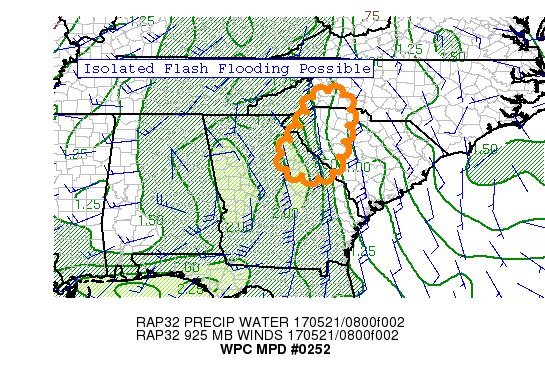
AREAS AFFECTED...FAR NORTHEAST GA...WESTERN CAROLINAS

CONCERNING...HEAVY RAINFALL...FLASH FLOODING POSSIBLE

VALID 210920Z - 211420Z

SUMMARY...HEAVY RAINFALL MAY LEAD TO AN ISOLATED FLASH FLOOD
THREAT ACROSS PORTIONS OF FAR NORTHEAST GA...WESTERN SC AND FAR
SOUTHERN NC INTO THE EARLY MORNING HOURS.

DISCUSSION...AS OF 09Z AN MCV HAD MOVED INTO WEST GA...WITH A
WEAKENING CONVECTIVE LINE EXTENDING SOUTH OF THIS CIRCULATION INTO
SOUTHWEST GA AND THE FL PANHANDLE. TO THE EAST OF THE MCV
INCREASED LOW LEVEL MOISTURE TRANSPORT HAS RESULTED IN AN UPTICK
IN CONVECTIVE ACTIVITY ACROSS EASTERN GA AND WESTERN SC. RADAR AND
IR IMAGERY SHOWS THAT THIS ACTIVITY IS NOT ALL THAT DEEP...HOWEVER
WITH MOIST PROFILES AND PWAT VALUES AROUND 1.75"...THESE CELLS
WILL LIKELY STILL BE EFFICIENT RAINFALL PRODUCERS. CELL MOTIONS
WILL BE OFF TO THE NORTHEAST...HOWEVER THE WIDESPREAD NATURE OF
THE ACTIVITY WILL LIKELY RESULT IN CELL MERGERS...LOCALLY
INCREASING RAINFALL TOTALS.

RECENT RUNS OF THE HRRR HAVE BEEN PRETTY CONSISTENT IN DEPICTING A
REGION OF LOCALLY HEAVIER RAINS OVER PORTIONS OF NORTHEAST GA INTO
THE WESTERN CAROLINAS...WITH JUST SOME RUN TO RUN PLACEMENT
DIFFERENCES. DO THINK THAT THE 08Z HRRR IS A BIT TOO FAR NORTHWEST
WITH THE QPF MAX. IN GENERAL EXPECTING TO SEE WIDESPREAD 1-2"
TOTALS ACROSS THE MPD AREA...WITH ISOLATED 2-4" AMOUNTS WHERE
MERGERS ARE MAXIMIZED. GIVEN THE HIGH FLASH FLOOD GUIDANCE OVER
THE AREA WOULD GENERALLY ONLY ANTICIPATE ISOLATED FLASH FLOOD
CONCERNS TO DEVELOP FROM THIS ACTIVITY. CURRENT INDICATIONS ARE
THAT WE MAY SEE A DECREASE IN INTENSITY AFTER 14Z AS LOW LEVEL
MOISTURE TRANSPORT WANES.